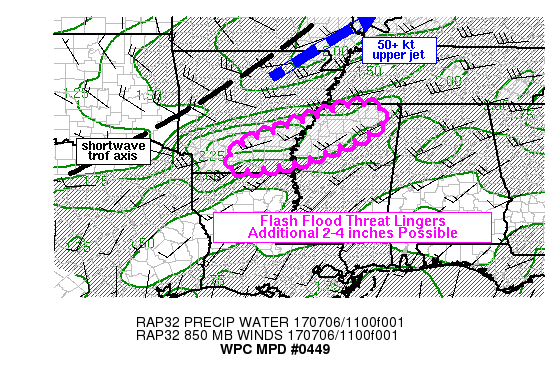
AREAS AFFECTED...SRN/SERN AR INTO WRN MS

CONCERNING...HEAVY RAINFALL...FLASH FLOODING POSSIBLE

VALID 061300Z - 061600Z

SUMMARY...FLASH FLOODING RAINFALL MAY CONTINUE FOR THE NEXT COUPLE
OF HOURS FROM SRN/SERN AR INTO NWRN MS. AN ADDITIONAL 2-4 INCHES
WILL BE POSSIBLE.

DISCUSSION...EXPERIMENTAL GOES 16 IR IMAGERY SHOWED A LINGERING
AREA OF COLDER CLOUD TOPS OVER OUACHITA AND CALHOUN COUNTIES IN
SRN AR WHILE LOCATIONS TO THE NORTH WERE EXPERIENCING SIGNIFICANT
WARMING/WEAKENING AS OF 1230Z. THE AREA OF CONVECTION IS OCCURRING
WITHIN AN AXIS OF 850 MB CONVERGENCE FOCUSED WEST TO EAST OVER SRN
AR...AHEAD OF A POSITIVELY TILTED SHORTWAVE TROUGH AXIS EXTENDING
SW TO NE THROUGH NWRN AR. IN ADDITION...SOME DEGREE OF SUPPORT FOR
LIFT IS LIKELY TIED TO THE RIGHT ENTRANCE REGION OF A 50 KT UPPER
LEVEL JET LOCATED OVER NRN AR.

RAP FORECASTS SHOW THE AREA OF 850 MB CONVERGENCE WEAKENING
THROUGH 16Z WHILE ALSO TRANSLATING DOWNSTREAM INTO NRN MS AHEAD OF
THE ADVANCING SHORTWAVE TROUGH AXIS. DESPITE SOME RECENT WARMING
OF CLOUD TOPS OVER OUACHITA AND CALHOUN COUNTIES...LIKELY DUE TO
WANING INSTABILITY...RELATIVELY HIGHER MUCAPE EXISTS ACROSS NRN
MS...ESTIMATED IN THE 500-1000 J/KG RANGE AND EVEN HIGHER TO THE
SOUTH WHERE 12Z SOUNDINGS FROM SHV AND JAN SHOWED OVER 2000 J/KG
CAPE. THE POTENTIAL FOR RENEWED CONVECTION WITH RAINFALL RATES OF
1-2 IN/HR ALONG WITH TRAINING PER NEARLY STATIONARY OR BACKWARD
PROPAGATING CORFIDI VECTORS SUGGESTS THE FLASH FLOOD THREAT WILL
LINGER FOR ANOTHER 2-3 HOURS FROM SRN/SERN AR INTO NWRN MS.